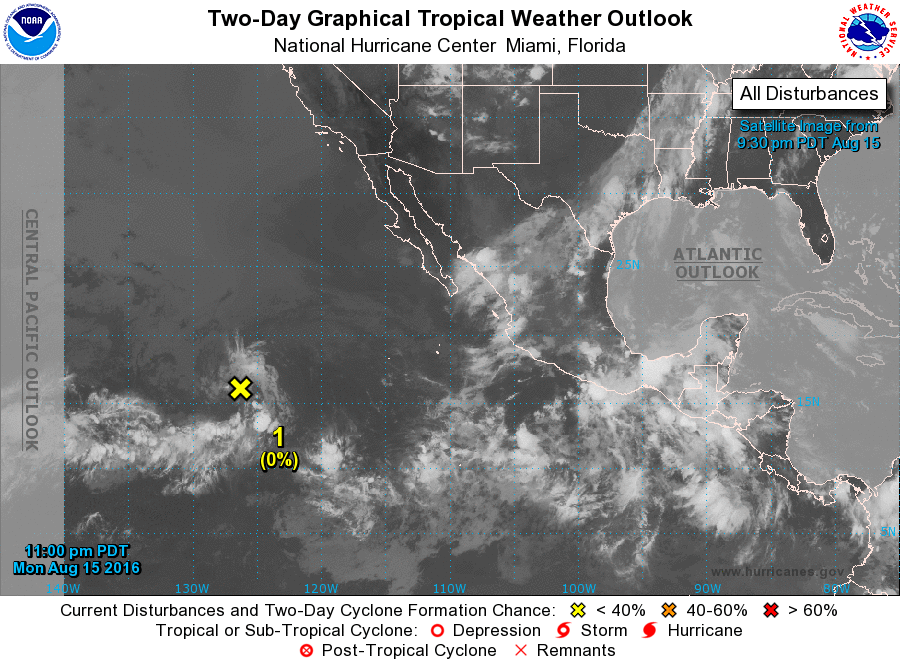
For the eastern North Pacific...east of 140 degrees west longitude:

1. A weak trough of low pressure is located about 1200 miles west-southwest of the southern tip of the Baja California peninsula. Environmental conditions are forecast to remain unfavorable, and development of this system is not expected.
* Formation chance through 48 hours...low...near 0 percent
* Formation chance through 5 days...low...near 0 percent

2. An area of low pressure is forecast to form off the southwest coast of Mexico in a few days. Some subsequent development of this system is possible late in the week while it moves west-northwestward.
* Formation chance through 48 hours...low...near 0 percent
* Formation chance through 5 days...low...20 percent

Forecaster Brown